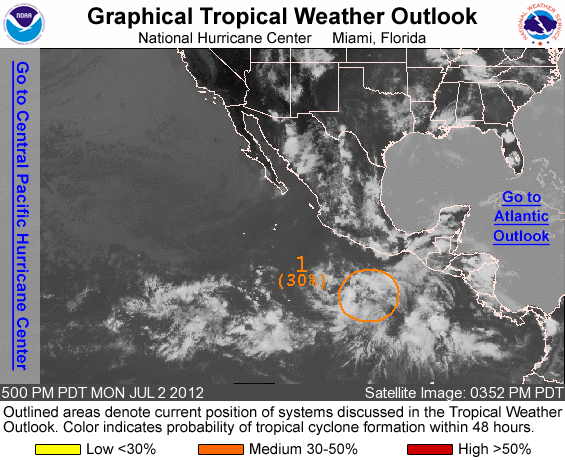
FOR THE EASTERN NORTH PACIFIC...EAST OF 140 DEGREES WEST LONGITUDE..

1. SHOWERS AND THUNDERSTORMS ARE DISORGANIZED IN ASSOCIATION WITH A BROAD AREA OF LOW PRESSURE LOCATED ABOUT 500 MILES SOUTH OF ACAPULCO MEXICO. SLOW DEVELOPMENT OF THIS LOW IS POSSIBLE OVER THE NEXT COUPLE OF DAYS AS IT MOVES WEST-NORTHWESTWARD AT 10 MPH. THIS SYSTEM HAS A MEDIUM CHANCE...30 PERCENT...OF BECOMING A TROPICAL CYCLONE DURING THE NEXT 48 HOURS.

ELSEWHERE...TROPICAL CYCLONE FORMATION IS NOT EXPECTED DURING THE NEXT 48 HOURS.

FORECASTER CANGIALOSI